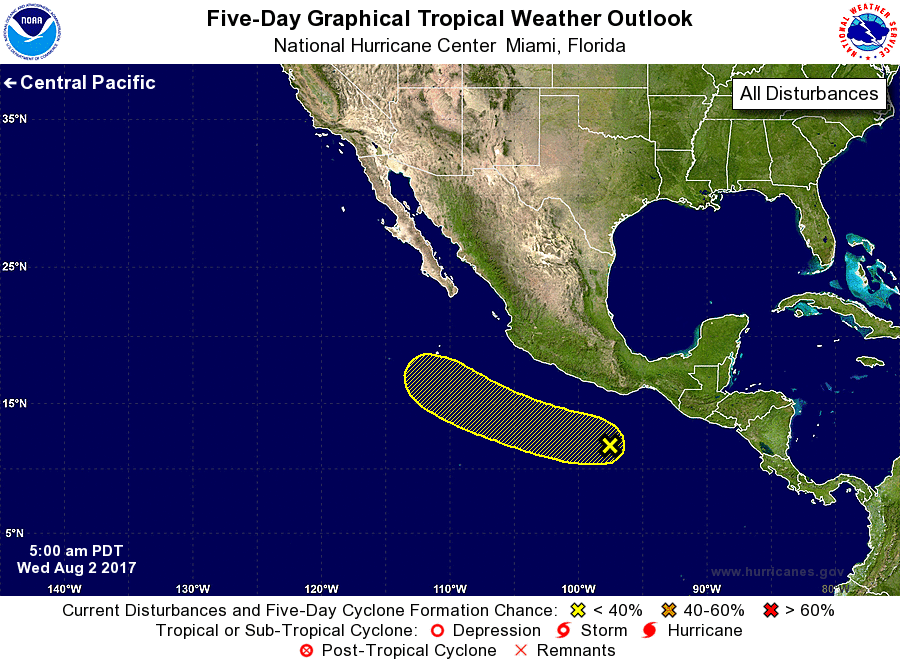
For the eastern North Pacific...east of 140 degrees west longitude:

1. An area of disorganized cloudiness and showers associated with a tropical wave is located southwest of the Gulf of Tehuantepec. This activity is moving west-northwestward at about 15 mph. Some development of this system is possible before conditions become less favorable for tropical cyclone formation by the end of this week.
* Formation chance through 48 hours...low...20 percent.
* Formation chance through 5 days...low...30 percent.

Forecaster Avila